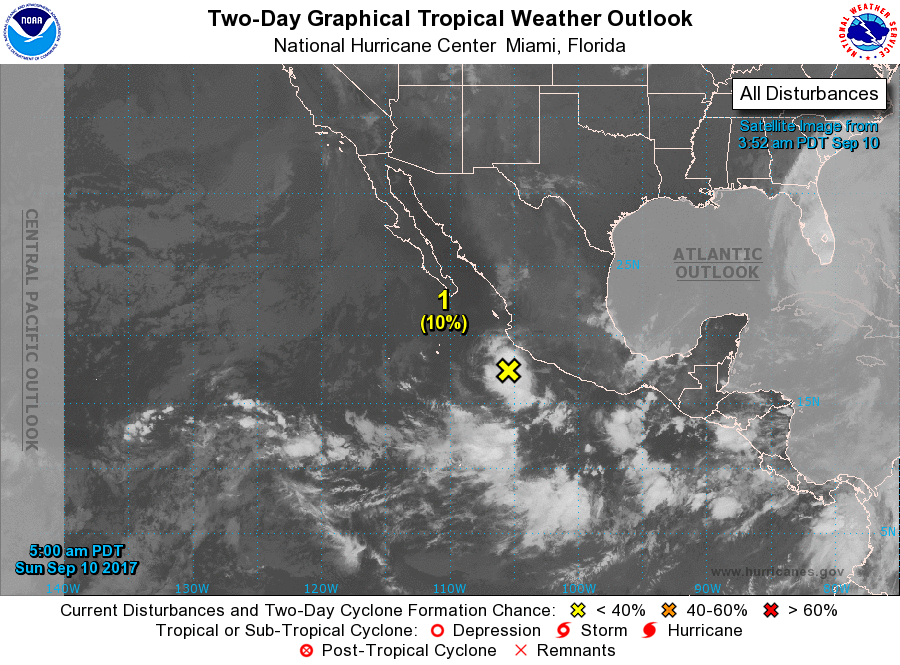
For the eastern North Pacific...east of 140 degrees west longitude:

1. Showers and thunderstorms associated with the remnants of Katia have developed a couple hundred miles south of southwestern Mexico. However, environmental conditions are not conducive for formation as the system moves westward at about 10 mph.
* Formation chance through 48 hours...low...10 percent.
* Formation chance through 5 days...low...10 percent.

2. An area of low pressure is expected to form a few hundred miles south of southern Mexico in the next day or two. Environmental conditions are expected to be conducive for gradual development while the system moves slowly northward or northwestward.
* Formation chance through 48 hours...low...10 percent.
* Formation chance through 5 days...medium...50 percent.

3. An another area of low pressure is expected to form well south of the Baja California peninsula by the middle of this week. Environmental conditions are expected to be conducive for gradual development after that time while it moves northward or northwestward.
* Formation chance through 48 hours...low...near 0 percent.
* Formation chance through 5 days...medium...50 percent.

Forecaster Landsea